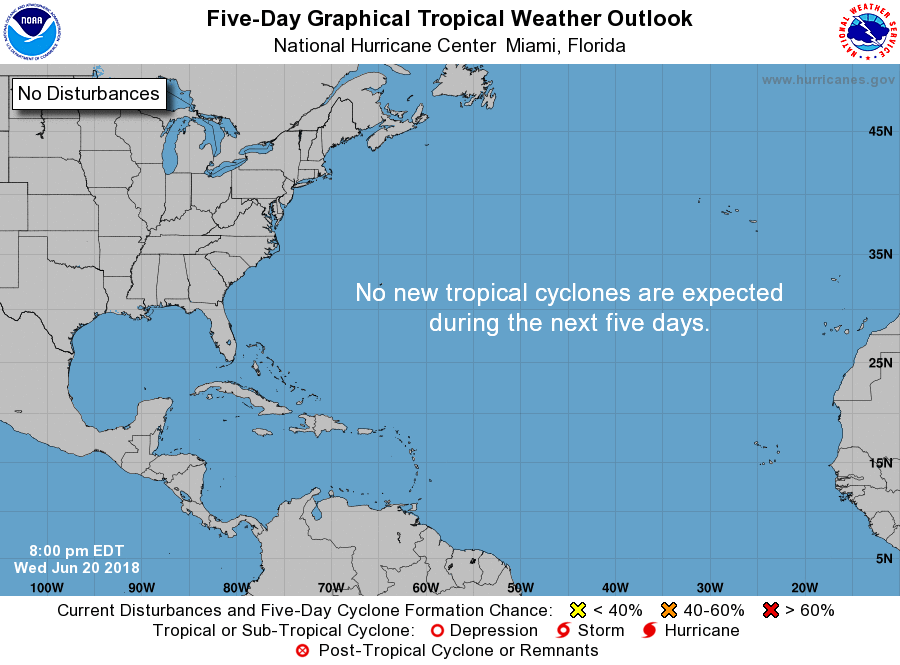
For the North Atlantic...Caribbean Sea and the Gulf of Mexico:

Tropical cyclone formation is not expected during the next 5 days.

Forecaster Stewart